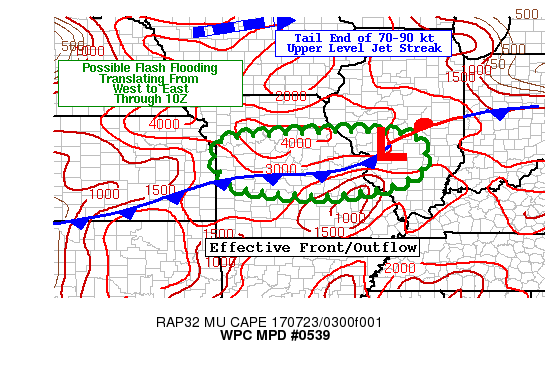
AREAS AFFECTED...CNTRL MO INTO S-CNTRL IL

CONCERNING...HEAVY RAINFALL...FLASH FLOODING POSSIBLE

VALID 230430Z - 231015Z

SUMMARY...QUICK 2-4 INCH ACCUMULATIONS OF RAINFALL FROM PORTIONS
OF CENTRAL MISSOURI INTO SOUTH-CENTRAL ILLINOIS COULD GENERATE A
FEW AREAS OF FLASH FLOODING. THE THREAT SHOULD END FROM WEST TO
EAST THROUGH 10Z.

DISCUSSION...KEAX RADAR AS OF 04Z SHOWED A FAIRLY SLOW MOVING
CLUSTER OF HEAVY RAIN...RADAR ESTIMATES AND OBSERVATIONS OF 2-3
IN/HR...LOCATED JUST SOUTHEAST OF THE KANSAS CITY METRO. WHILE THE
CLUSTER HAS BEEN ASSOCIATED WITH STRONG OUTFLOWS AND SEVERE
WINDS...A LOCALIZED FLASH FLOOD THREAT WILL ALSO ACCOMPANY THE
CONVECTIVE COMPLEX AS IT TRACKS TO THE EAST. A COMBINATION OF A
COLD FRONT AND OUTFLOW BOUNDARY HAS SET UP A WAVY EFFECTIVE
BOUNDARY FROM JUST SOUTH OF STL TO SOUTH OF ICT AS OF 04Z. DESPITE
THE BOUNDARY PASSAGE...A LARGE AMOUNT OF ELEVATED CAPE REMAINS
OVER CENTRAL MISSOURI WITH AN ESTIMATED 3000-5000 J/KG AS OF 04Z
PER MODIFIED AREA SOUNDINGS FROM 00Z.

GENERAL EASTWARD MOVEMENT OF THE ONGOING THUNDERSTORM COMPLEX OVER
WRN MO IS EXPECTED OVER THE NEXT SEVERAL HOURS WITH CLOUD BEARING
MEAN WINDS SHOWING 10-20 KT TOWARD THE EAST. RADAR TRENDS OVER THE
PAST HOUR HAVE SHOWN NEW DEVELOPMENT OUT AHEAD OF THIS COMPLEX
ALONG I-70. GIVEN 850-700 MB FLOW OF 20-30 KT FROM THE
WEST-NORTHWEST...TRAINING POTENTIAL WILL EXIST. IN ADDITION...THE
TAIL END OF A 70-90 KT UPPER LEVEL JET STREAK WAS LOCATED OVER
NORTHERN IOWA...OUT AHEAD OF A SOUTHEASTWARD PROGRESSING SHORTWAVE
TROUGH AXIS. THE RIGHT ENTRANCE REGION OF THIS JET STREAK AND
UPPER LEVEL DIFFLUENT FLOW MAY HELP TO ENHANCE LIFT OVER EASTERN
MISSOURI INTO ILLINOIS BETWEEN 07-10Z. FLASH FLOOD GUIDANCE IS
GENERALLY 3 INCHES IN 3 HOURS REGION WIDE...WHICH MAY BE MET OR
EXCEEDED GIVEN LARGE CAPE AND PRECIPITABLE WATER VALUES WITHIN A
TENTH OF AN INCH OF 2 INCHES.